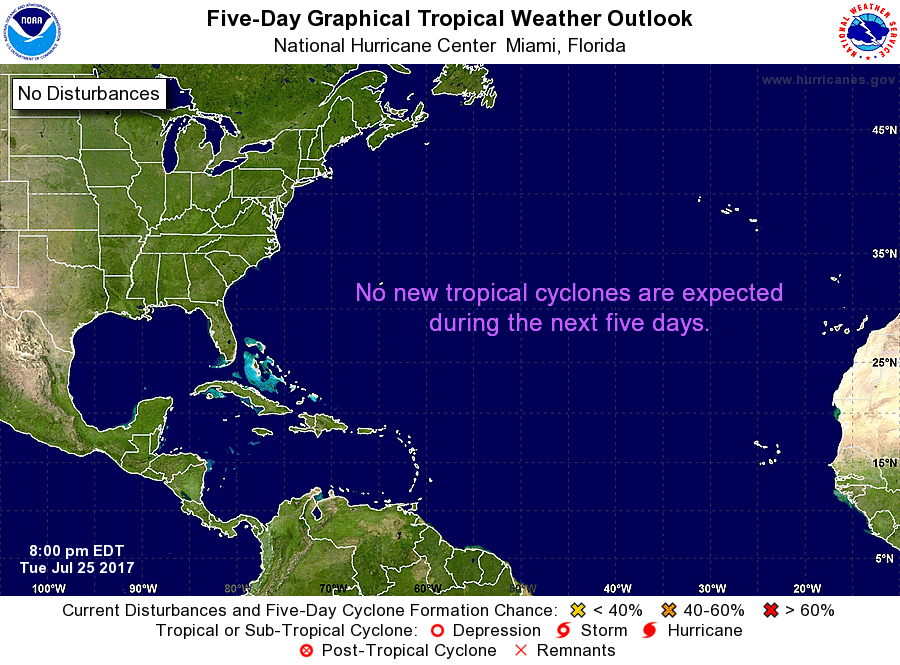
For the North Atlantic...Caribbean Sea and the Gulf of Mexico:

Tropical cyclone formation is not expected during the next 5 days.

Forecaster Stewart